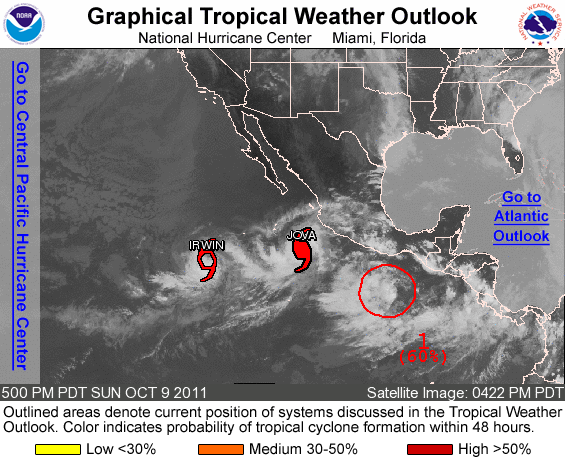
FOR THE EASTERN NORTH PACIFIC...EAST OF 140 DEGREES WEST LONGITUDE..

THE NATIONAL HURRICANE CENTER IS ISSUING ADVISORIES ON HURRICANE JOVA...LOCATED ABOUT 280 MILES SOUTHWEST OF MANZANILLO MEXICO...AND ON TROPICAL STORM IRWIN...LOCATED ABOUT 810 MILES SOUTHWEST OF THE SOUTHERN TIP OF BAJA CALIFORNIA.

1. SHOWERS AND THUNDERSTORMS IN ASSOCIATION WITH A BROAD LOW PRESSURE SYSTEM LOCATED ABOUT 350 MILES SOUTH OF THE GULF OF TEHUANTEPEC HAVE NOT BECOME ANY BETTER ORGANIZED DURING THE LAST SEVERAL HOURS. UPPER-LEVEL WINDS ARE EXPECTED TO BECOME SOMEWHAT CONDUCIVE FOR DEVELOPMENT OVER THE NEXT COUPLE OF DAYS AS THE LOW MOVES EASTWARD OR NORTHEASTWARD AT 5 TO 10 MPH. THIS SYSTEM HAS A HIGH CHANCE...60 PERCENT...OF BECOMING A TROPICAL CYCLONE DURING THE NEXT 48 HOURS. INTERESTS ALONG THE PACIFIC COASTS OF SOUTHERN MEXICO... GUATEMALA...EL SALVADOR...HONDURAS...AND NICARAGUA SHOULD MONITOR THE PROGRESS OF THIS DISTURBANCE.

ELSEWHERE...TROPICAL CYCLONE FORMATION IS NOT EXPECTED DURING THE NEXT 48 HOURS.

FORECASTER CANGIALOSI